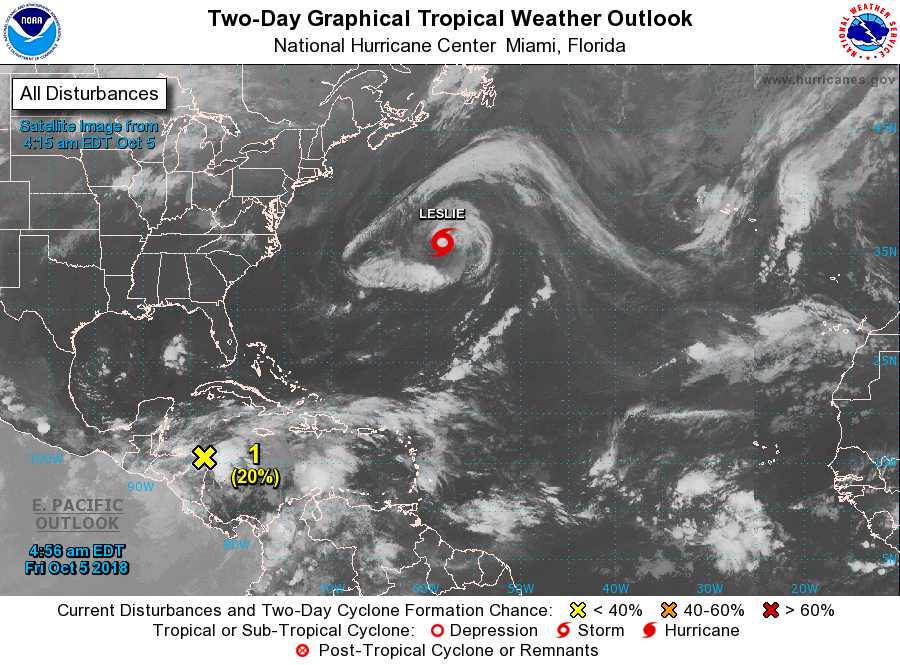
For the North Atlantic...Caribbean Sea and the Gulf of Mexico:

The National Hurricane Center is issuing advisories on Tropical Storm Leslie, located over the central Atlantic Ocean.

1. An area of low pressure located near Cabo Gracias a Dios on the eastern border of Honduras and Nicaragua is accompanied by an extensive area of disturbed weather extending from Central America eastward across Hispaniola. Although strong winds aloft are located just to the north of this system, the upper-level environment is expected to be conducive enough to allow for some development, and a tropical depression could form by late this weekend or early next week over the northwestern Caribbean Sea or southern Gulf of Mexico while the system moves slowly northwestward. Regardless of tropical cyclone formation, this disturbance will continue to bring torrential rains primarily to portions of Central America and the Yucatan peninsula during the next few days.
* Formation chance through 48 hours...low...20 percent.
* Formation chance through 5 days...medium...60 percent.

Forecaster Berg